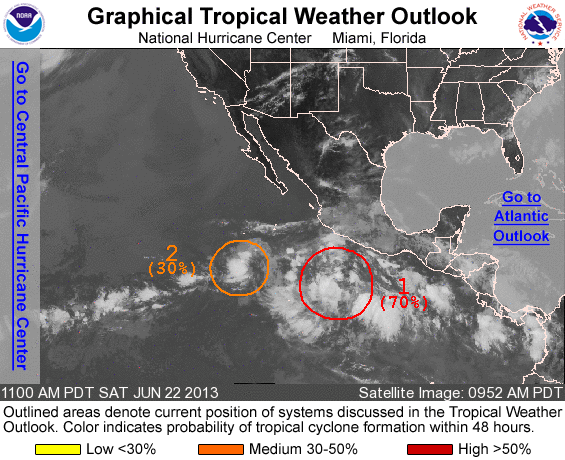
FOR THE EASTERN NORTH PACIFIC...EAST OF 140 DEGREES WEST LONGITUDE..

1. A BROAD AREA OF LOW PRESSURE CENTERED ABOUT 300 MILES SOUTHWEST OF ACAPULCO IS PRODUCING A LARGE BUT MOSTLY DISORGANIZED AREA OF SHOWERS AND THUNDERSTORMS. ENVIRONMENTAL CONDITIONS ARE FORECAST TO BECOME FAVORABLE FOR A TROPICAL DEPRESSION TO FORM DURING THE NEXT COUPLE OF DAYS. THIS SYSTEM HAS A HIGH CHANCE...70 PERCENT... OF BECOMING A TROPICAL CYCLONE DURING THE NEXT 48 HOURS WHILE IT MOVES WESTWARD AT ABOUT 10 MPH.

2. AN AREA OF LOW PRESSURE CENTERED ABOUT 650 MILES SOUTH-SOUTHWEST OF THE SOUTHERN TIP OF BAJA CALIFORNIA IS PRODUCING A SMALL AREA OF SHOWERS AND THUNDERSTORMS. SOME DEVELOPMENT OF THIS SYSTEM IS POSSIBLE BEFORE ENVIRONMENTAL CONDITIONS BECOME LESS CONDUCIVE IN A DAY OR TWO. THIS SYSTEM HAS A MEDIUM CHANCE...30 PERCENT...OF BECOMING A TROPICAL CYCLONE DURING THE NEXT 48 HOURS WHILE IT MOVES ERRATICALLY.

ELSEWHERE...TROPICAL CYCLONE FORMATION IS NOT EXPECTED DURING THE NEXT 48 HOURS.

FORECASTER BLAKE